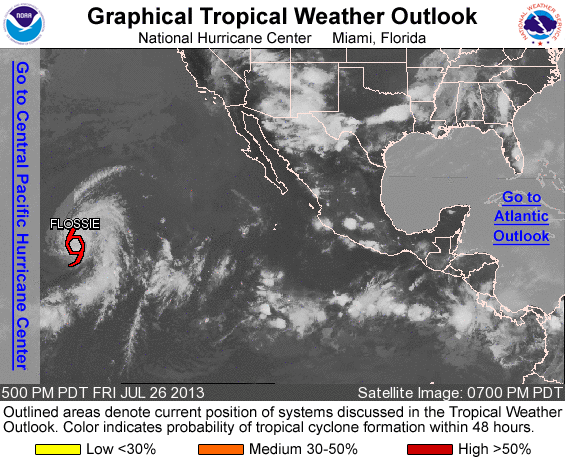
FOR THE EASTERN NORTH PACIFIC...EAST OF 140 DEGREES WEST LONGITUDE..

THE NATIONAL HURRICANE CENTER IS ISSUING ADVISORIES ON TROPICAL STORM FLOSSIE...LOCATED WELL TO THE EAST OF THE HAWAIIAN ISLANDS.

ELSEWHERE...TROPICAL CYCLONE FORMATION IS NOT EXPECTED DURING THE NEXT 48 HOURS.

FORECASTER AVILA